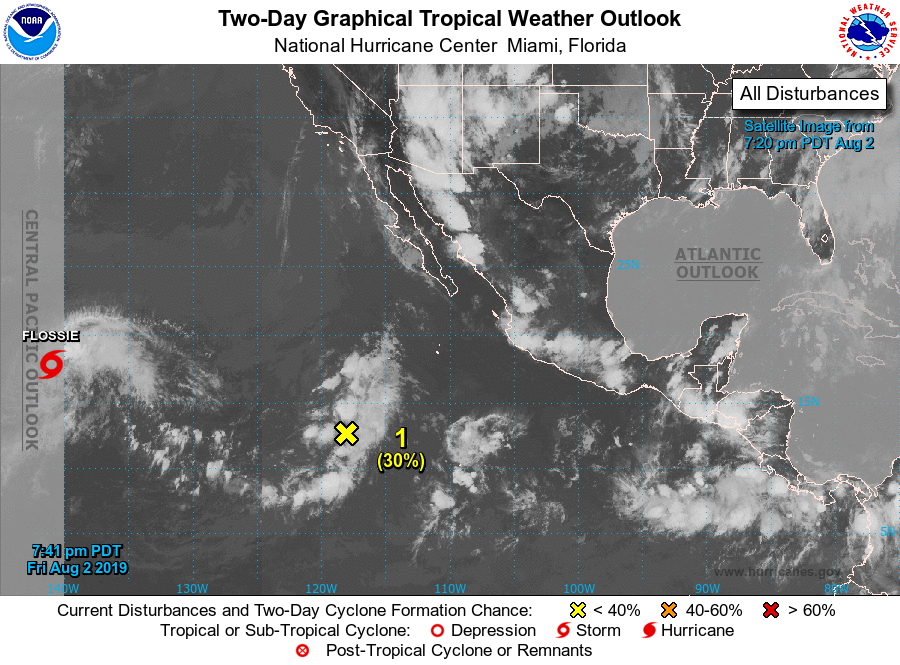
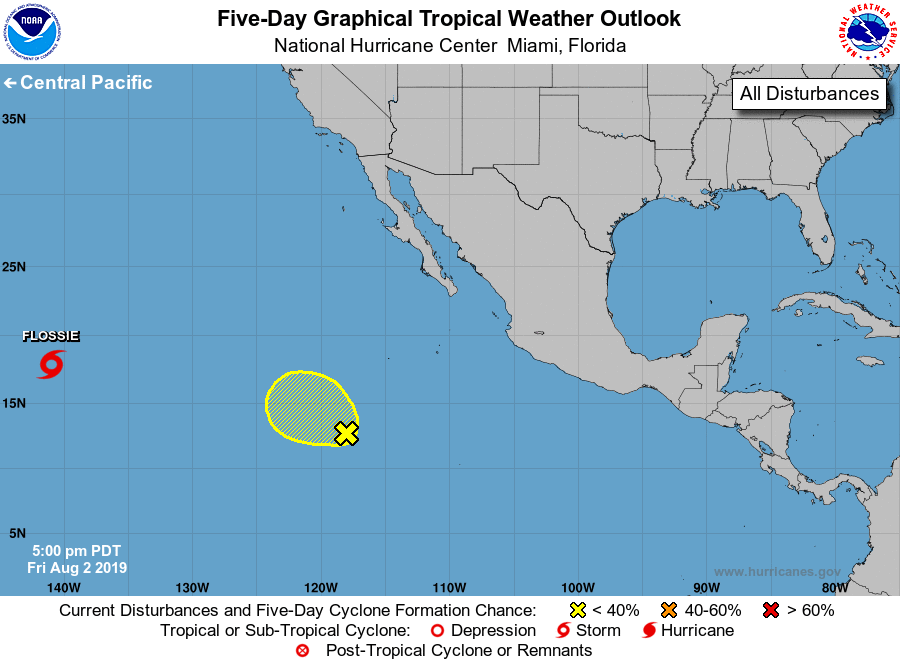
For the eastern North Pacific...east of 140 degrees west longitude:

The National Hurricane Center is issuing advisories on Tropical Storm Flossie, located about 1000 miles east of the Hawaiian Islands.

1. Showers and thunderstorms associated with a broad area of low pressure located about 850 miles southwest of the southern tip of the Baja California peninsula have changed little over the past several hours. Some development of this system is possible tonight or early Saturday while the low moves generally west-northwestward at about 10 mph. After that, upper-level winds are not expected to be conducive for development.
* Formation chance through 48 hours...low...30 percent.
* Formation chance through 5 days...low...30 percent.

Forecaster Pasch